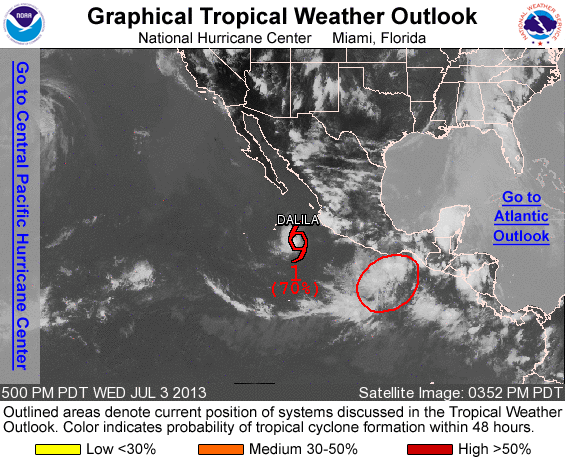
FOR THE EASTERN NORTH PACIFIC...EAST OF 140 DEGREES WEST LONGITUDE..

THE NATIONAL HURRICANE CENTER IS ISSUING ADVISORIES ON RECENTLY DOWNGRADED TROPICAL STORM DALILA...LOCATED A FEW HUNDRED MILES OFFSHORE OF THE SOUTHWESTERN COAST OF MEXICO.

1. SHOWER AND THUNDERSTORM ACTIVITY ASSOCIATED WITH A BROAD LOW PRESSURE SYSTEM LOCATED SEVERAL HUNDRED MILES SOUTH-SOUTHEAST OF ACAPULCO MEXICO HAS CHANGED LITTLE IN ORGANIZATION DURING THE LAST SEVERAL HOURS. ALTHOUGH UPPER-LEVEL WINDS MAY NOT BE AS CONDUCIVE FOR DEVELOPMENT AS PREVIOUSLY FORECAST...THIS SYSTEM STILL HAS A HIGH CHANCE...70 PERCENT...OF BECOMING A TROPICAL CYCLONE DURING THE NEXT 48 HOURS AS IT MOVES WEST-NORTHWESTWARD AT ABOUT 10 MPH.

ELSEWHERE...TROPICAL CYCLONE FORMATION IS NOT EXPECTED DURING THE NEXT 48 HOURS.

FORECASTER KIMBERLAIN